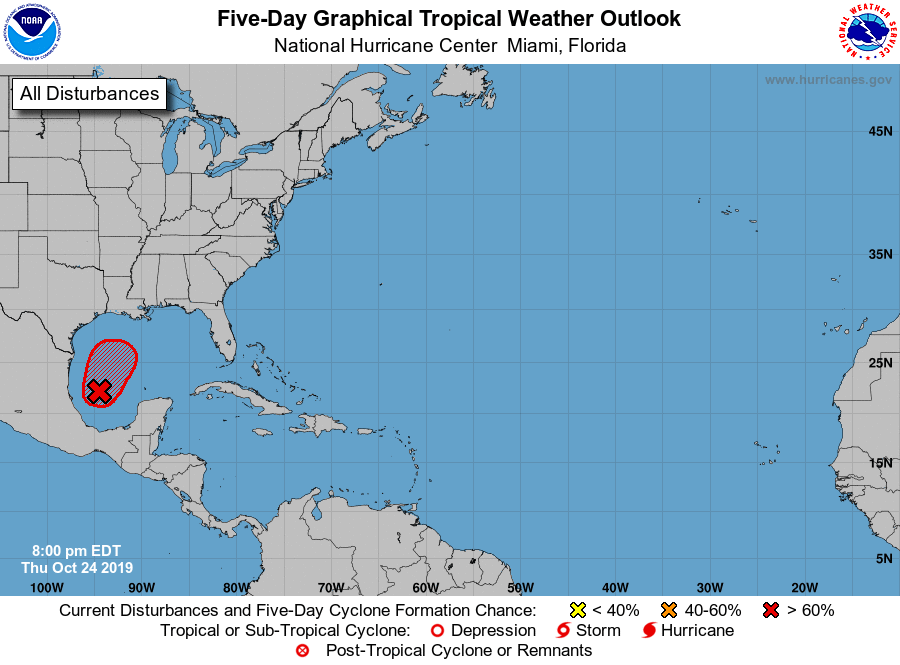
For the North Atlantic...Caribbean Sea and the Gulf of Mexico:

1. Showers and thunderstorms associated with a low pressure system located over the southwest Gulf of Mexico continue to show signs of organization. Although recent visible satellite imagery indicates that the disturbance still does not have a well-defined center, further development is anticipated and there is a high chance that a short-lived tropical depression will form later tonight or on Friday. The system is forecast to merge with a cold front or become post-tropical late Friday or Saturday over the central Gulf of Mexico. Regardless of development, gale-force winds are expected behind the cold front over the western Gulf of Mexico on Friday and Saturday. For more information, see High Seas Forecasts issued by the National Weather Service.
* Formation chance through 48 hours...high...70 percent.
* Formation chance through 5 days...high...70 percent.

High Seas Forecasts issued by the National Weather Service can be found under AWIPS header NFDHSFAT1, WMO header FZNT01 KWBC, and online at ocean.weather.gov/shtml/NFDHSFAT1.php

Forecaster Zelinsky